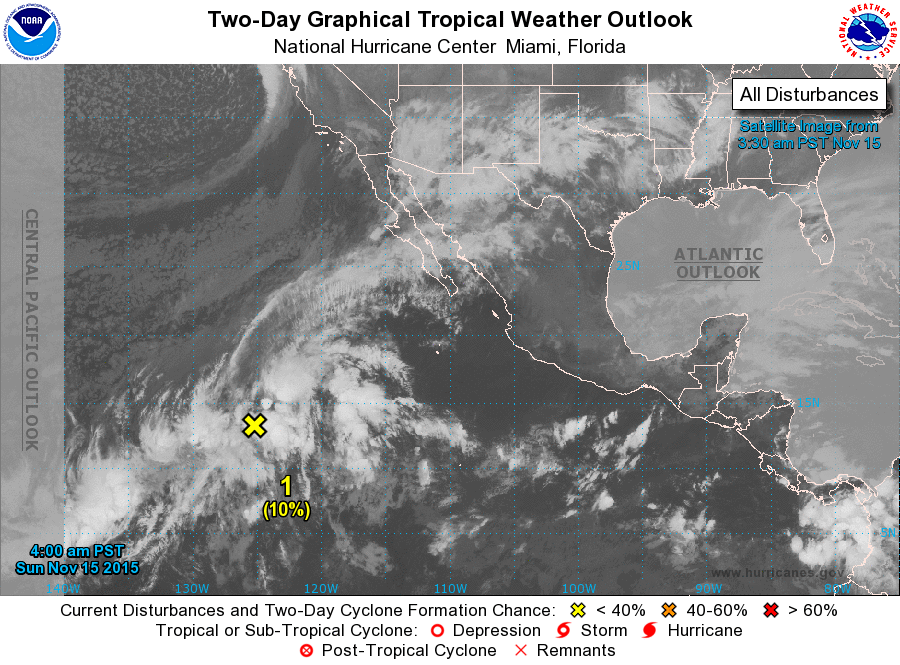
For the eastern North Pacific...east of 140 degrees west longitude:

1. A low pressure system located about 1250 miles southwest of the southern tip of the Baja California peninsula continues to produce disorganized shower and thunderstorm activity. Although upper-level winds are expected to be only marginally conducive, some slow development of this disturbance is still possible during the next few days while it moves slowly westward to west-northwestward.
* Formation chance through 48 hours...low...10 percent
* Formation chance through 5 days...low...30 percent

Forecaster Stewart